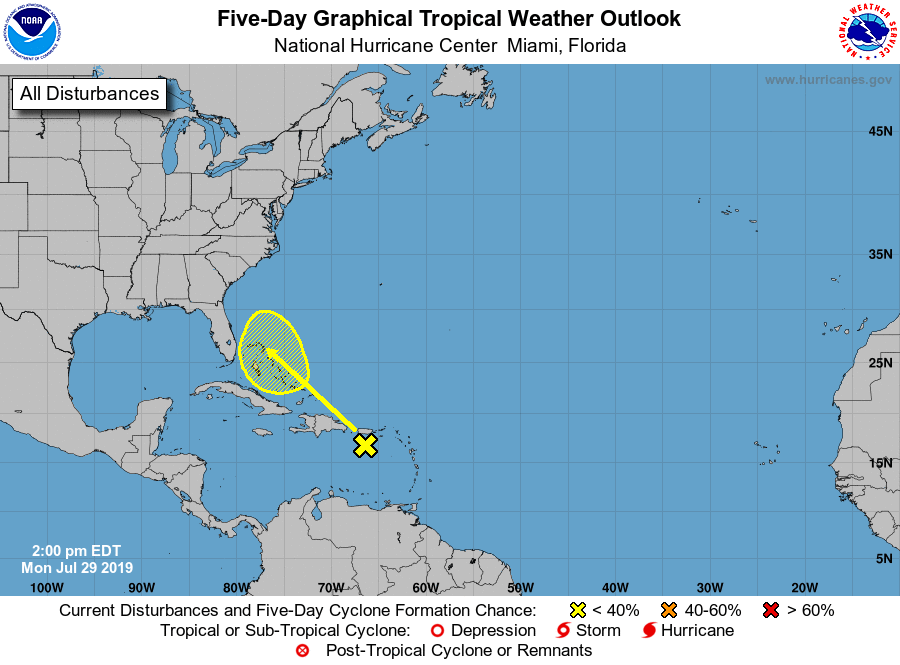
For the North Atlantic...Caribbean Sea and the Gulf of Mexico:

1. Shower activity associated with a tropical wave over the eastern Caribbean Sea has decreased since yesterday. Atmospheric conditions as well as land effects should inhibit the development of this system as it moves west-northwestward for the next several days. This disturbance, however, could still produce an increase in cloudiness and thunderstorms over Puerto Rico, the Greater Antilles and portions of the Bahamas during the next few days.
* Formation chance through 48 hours...low...near 0 percent.
* Formation chance through 5 days...low...10 percent.

Forecaster Avila